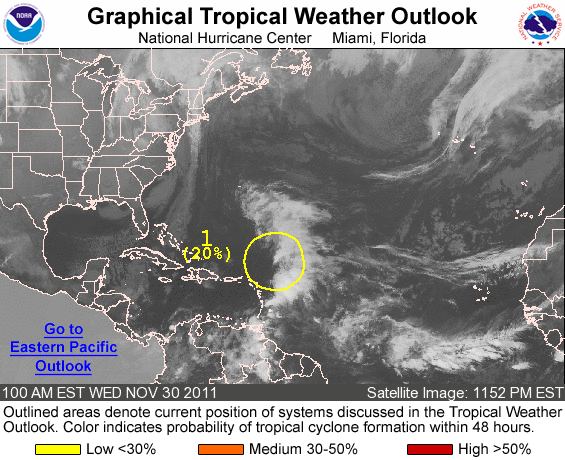
FOR THE NORTH ATLANTIC...CARIBBEAN SEA AND THE GULF OF MEXICO...

1. SURFACE OBSERVATIONS INDICATE THAT AN AREA OF LOW PRESSURE CENTERED ABOUT 350 MILES NORTHEAST OF THE NORTHERN LEEWARD ISLANDS HAS BECOME BETTER DEFINED THIS EVENING. HOWEVER...THE ASSOCIATED SHOWER ACTIVITY REMAINS DISORGANIZED AND UPPER-LEVEL WINDS REMAIN UNFAVORABLE FOR SIGNIFICANT DEVELOPMENT. THIS SYSTEM HAS A LOW CHANCE...20 PERCENT...OF BECOMING A TROPICAL OR SUBTROPICAL CYCLONE DURING THE NEXT 48 HOURS AS IT MOVES GENERALLY NORTHWARD AT AROUND 15 MPH.

ELSEWHERE...TROPICAL CYCLONE FORMATION IS NOT EXPECTED DURING THE NEXT 48 HOURS.

FORECASTER BEVEN